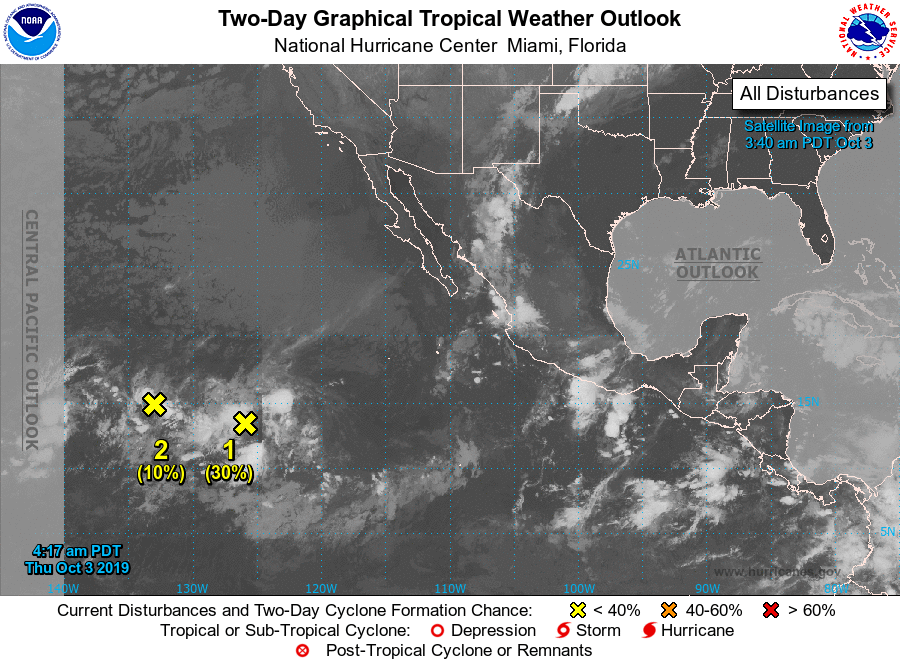
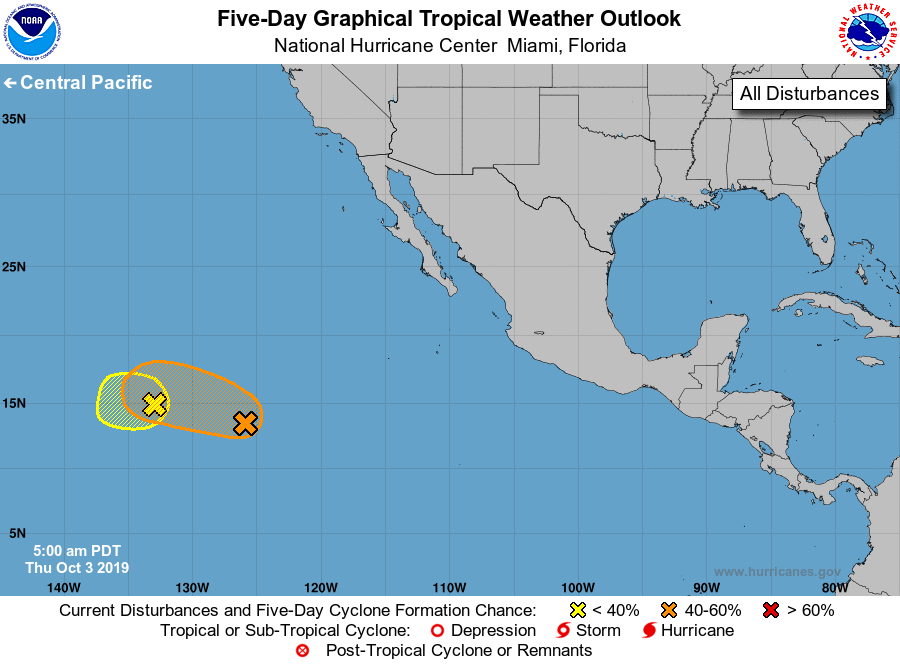
For the eastern North Pacific...east of 140 degrees west longitude:

1. A low pressure system is located a little more than 1000 miles southwest of the southern tip of the Baja California peninsula. Although the shower activity associated with the low is limited at this time, gradual development of this disturbance is possible, and a tropical depression could form during the next several days while the system moves slowly westward.
* Formation chance through 48 hours...low...30 percent.
* Formation chance through 5 days...medium...40 percent.

2. A small area of low pressure, located about 1500 miles west-southwest of the southern tip of the Baja California peninsula, is producing limited shower activity. Development, if any, of this system should be slow to occur during the next day or two while the low drifts generally westward and interacts with the larger disturbance located to the east.
* Formation chance through 48 hours...low...10 percent.
* Formation chance through 5 days...low...10 percent.

Forecaster Avila